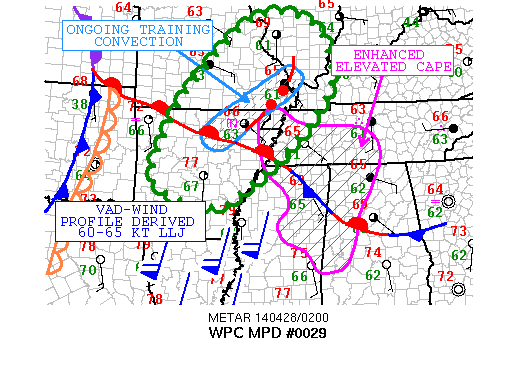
AREAS AFFECTED...EASTERN AR/WESTERN TN/WESTERN KY/EASTERN
MO/SOUTHWESTERN IL...

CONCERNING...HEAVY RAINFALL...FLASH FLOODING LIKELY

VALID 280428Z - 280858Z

SUMMARY...A PERSISTENT AREA OF HEAVY RAINFALL AND ASSOCIATED FLASH
FLOODING HAVE BEEN ONGOING THE PAST SEVERAL HOURS ACROSS AREAS OF
NORTHEASTERN AR/SOUTHEASTERN MO. ATMOSPHERIC CONDITIONS REMAIN
FAVORABLE TO ALLOW THIS TO PERSIST WELL INTO THE OVERNIGHT HOURS.

DISCUSSION...A POWERFUL MID-LATITUDE CYCLONE CONTINUES TO SWIRL
ACROSS THE CENTRAL PLAINS TONIGHT WITH ANOMALOUS MOISTURE CONTENT
SURGING NORTHWARD AHEAD OF THE SYSTEM. PWAT ANOMALIES SUGGEST THE
00Z RAOB VALUES RANGE FROM THE 95TH TO 99TH
PERCENTILE...PARTICUARLY FROM THE CENTRAL GULF COAST UP INTO
CENTRAL IL. THIS ARTIFACT COUPLED WITH VERY SLOW CELL MOTIONS HAS
LEAD TO MULTIPLE EPISODES OF TRAINING/BACKBUILDING CONVECTION. THE
CURRENT RADAR IMAGERY SHOWED AN AXIS OF NEARLY STATIONARY
THUNDERSTORM ACTIVITY ACROSS NORTHEASTERN AR/SOUTHEASTERN MO WITH
CONTINUAL CELL DEVELOPMENT AT THE LEADING EDGE OF THE STORM
INFLOW. THE AVAILABLE VAD WIND PROFILES INDICATED THE LLJ WAS
APPROACHING 65 KT WITH THE LOW TO MID-LEVEL FLOW NEARLY
PARALLELING THE AXIS OF ONGOING PRECIPITATION. WITH LITTLE CHANGE
EXPECTED IN THE STORM-SCALE ENVIRONMENT...THE POSSIBILITY OF FLASH
FLOODING WILL CONTINUE WELL INTO THE OVERNIGHT HOURS. THIS IS
DEFINITELY OF CONCERN TO THE AFFECTED AREA AS THERE HAVE ALREADY
BEEN SEVERAL REPORTS OF FLOODED/UNPASSABLE ROADS.

THE HIGH-RESOLUTION/CONVECTION-ALLOWING MODELS ARE SOMEWHAT AT
ODDS WITH THE PLACEMENT OF HEAVY RAINFALL DURING THE NEXT SEVERAL
HOURS. THE 12Z SSEO MEAN/EXPERIMENTAL HRW-ARW/HRW-NMM/WRF-NSSL ALL
HAVE A REASONABLE HANDLE WITH THE ONGOING PRECIPITATION. THE
SCALLOPED REGION GENERALLY FOLLOWED THIS OUTPUT WHILE ACCOUNTING
FOR THE CURRENT RADAR TRENDS.